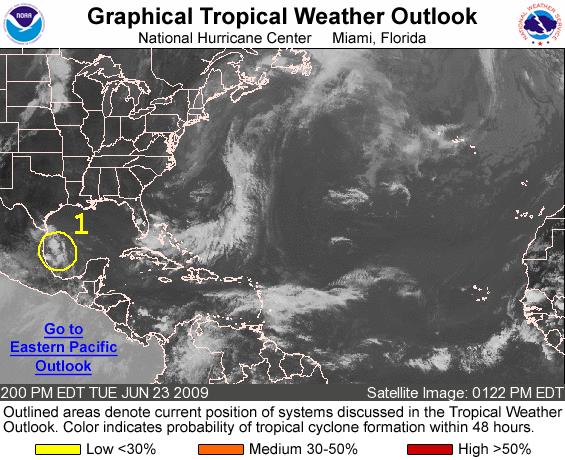
FOR THE NORTH ATLANTIC...CARIBBEAN SEA AND THE GULF OF MEXICO...

1. A WEAK AREA OF LOW PRESSURE IN THE WESTERN GULF OF MEXICO CONTINUES TO PRODUCE DISORGANIZED SHOWERS AND THUNDERSTORMS. THIS ACTIVITY IS EXPECTED TO MOVE SLOWLY NORTHWESTWARD WITHOUT SIGNIFICANT DEVELOPMENT. THERE IS A LOW CHANCE...LESS THAN 30 PERCENT...OF THIS SYSTEM BECOMING A TROPICAL CYCLONE DURING THE NEXT 48 HOURS.

ELSEWHERE...TROPICAL CYCLONE FORMATION IS NOT EXPECTED DURING THE NEXT 48 HOURS.

FORECASTER FRANKLIN